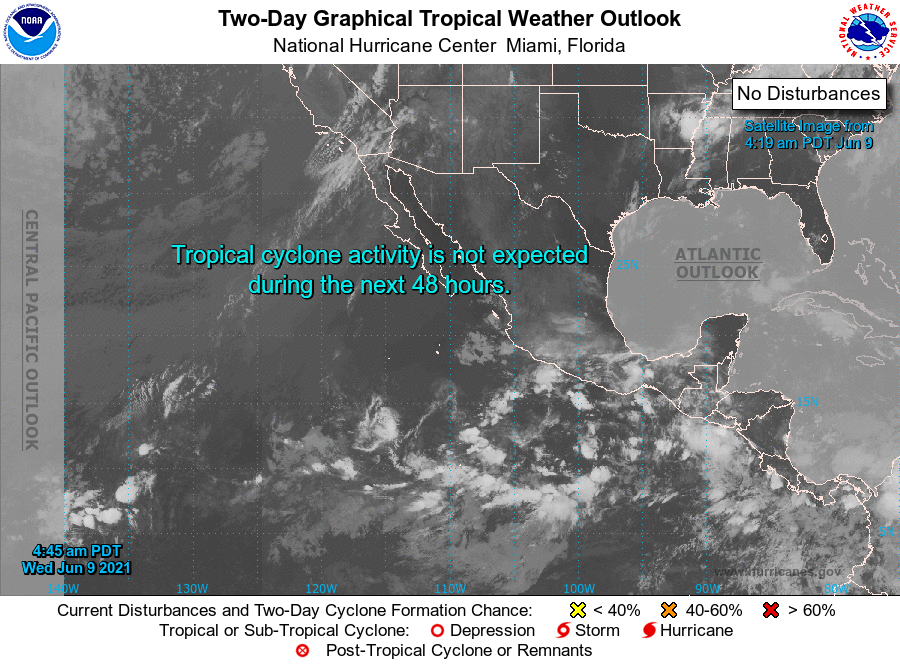
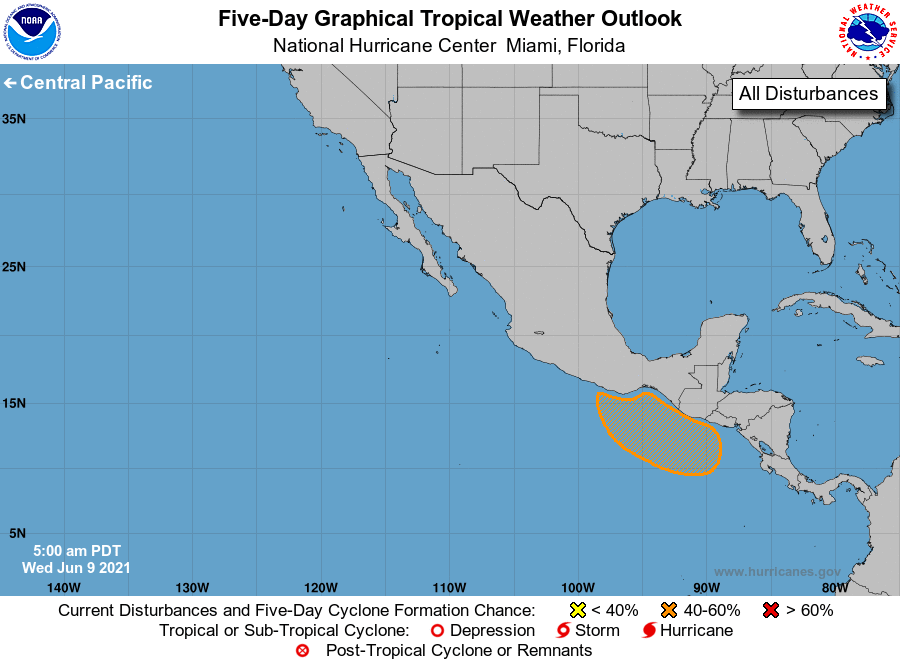
For the eastern North Pacific...east of 140 degrees west longitude:

1. A broad area of low pressure is expected to form a couple of hundred miles south of the coasts of southern Mexico, El Salvador, and Guatemala late this week. Environmental conditions appear favorable for some gradual development, and a tropical depression could form this weekend as the system drifts generally northward. Regardless of development, this system could produce heavy rainfall over portions of Central America and southern Mexico later this week and into the weekend. See products from your local meteorological service for more information.
* Formation chance through 48 hours...low...near 0 percent.
* Formation chance through 5 days...medium...40 percent.

Forecaster Reinhart/Beven